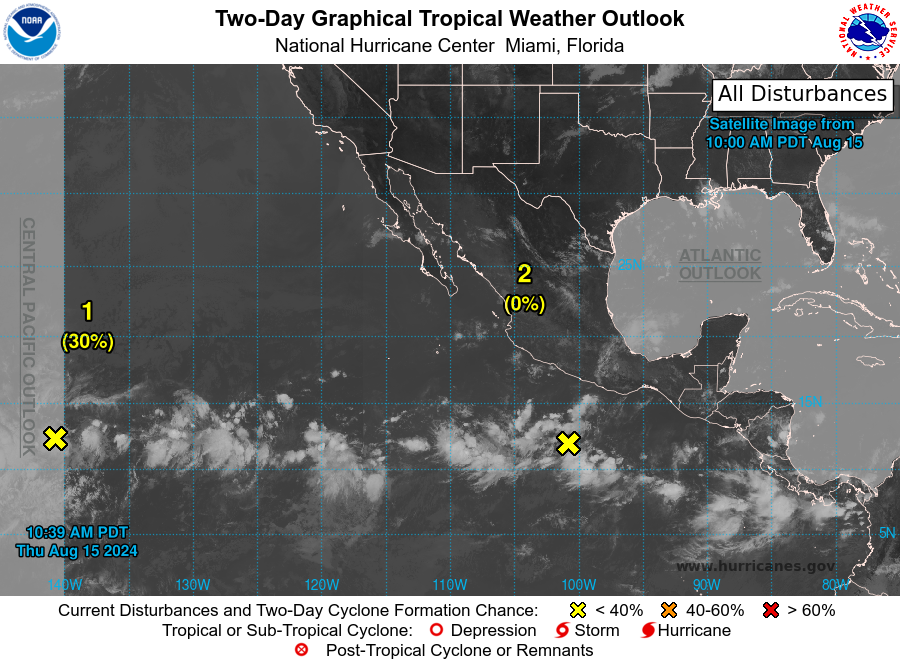
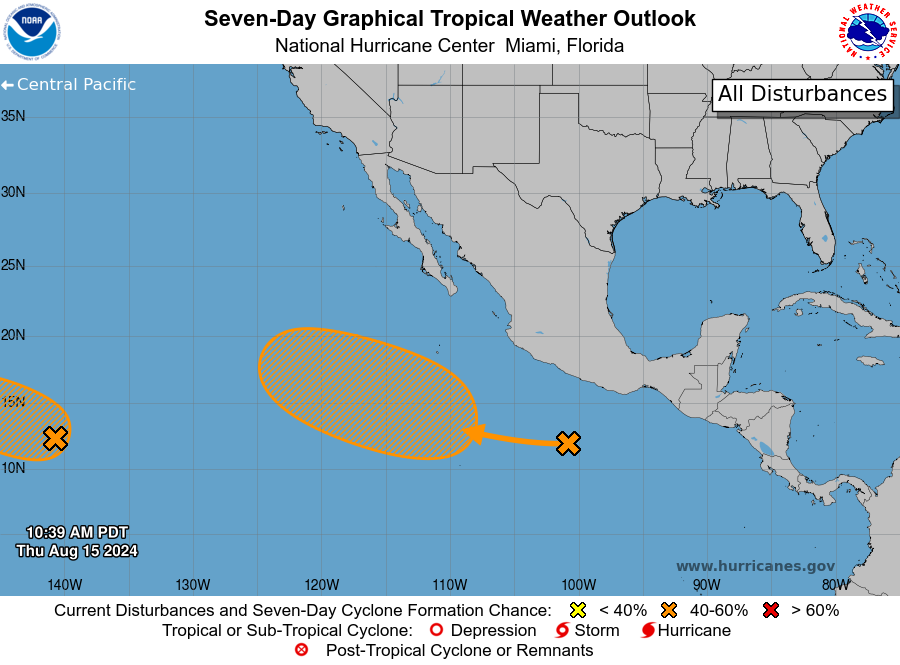
For the eastern North Pacific...east of 140 degrees west longitude:

1. Well Southeast of the Hawaiian Islands: Disorganized showers and thunderstorms located about a thousand miles east-southeast of the Hawaiian Islands are associated with a trough of low pressure, which has moved into the Central Pacific Hurricane Center\'s area of responsibility. Environmental conditions appear conducive for gradual development of this system, and a tropical depression could form this weekend or early next week while moving west-northwestward at about 10 mph. All future information on this system will be found in the Tropical Weather Outlook for the Central Pacific basin.
* Formation chance through 48 hours...low...30 percent.
* Formation chance through 7 days...medium...60 percent.

2. Offshore of Southwestern Mexico: A tropical wave is producing disorganized showers and thunderstorms a few hundred miles south of the southern coast of Mexico. Environmental conditions appear conducive for gradual development of this system during the next few days, and a tropical depression could form early next week while moving west-northwestward away from the coast of Mexico.
* Formation chance through 48 hours...low...near 0 percent.
* Formation chance through 7 days...medium...60 percent.

The Tropical Weather Outlook for the Central Pacific basin can be found under AWIPS header HFOTWOCP and WMO header ACPN50 PHFO and on the web at hurricanes.gov

Forecaster Berg